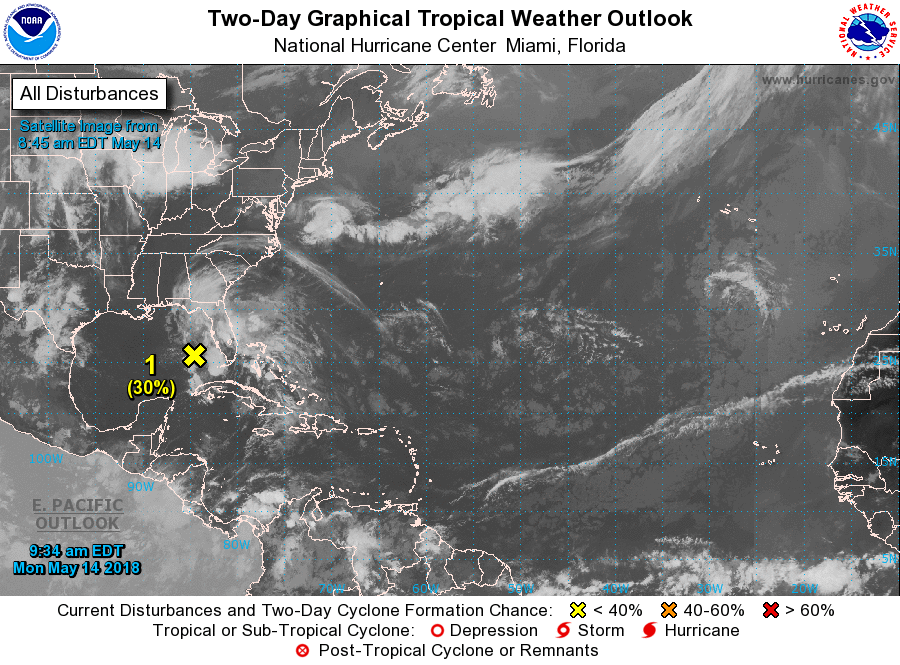
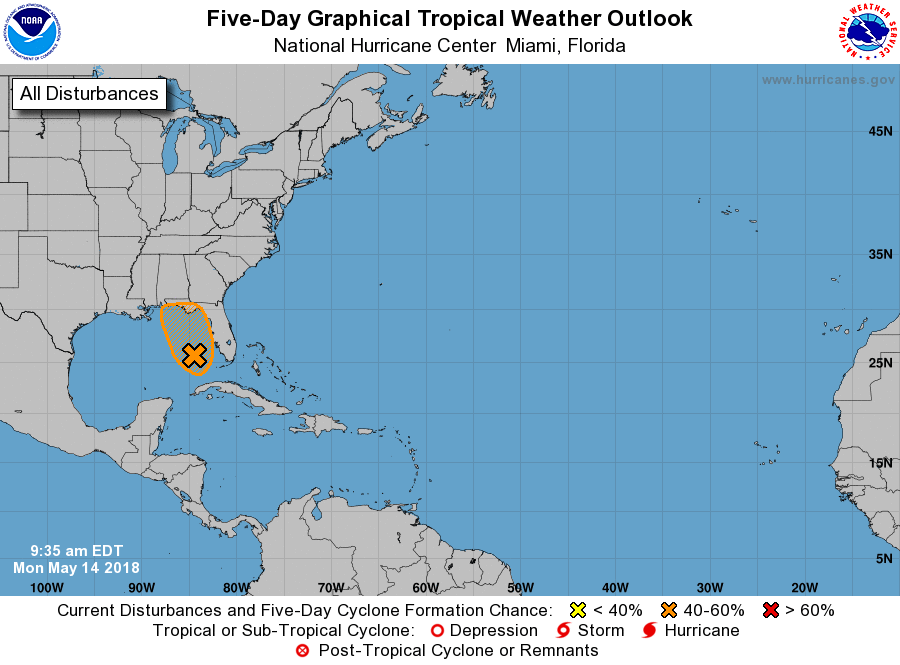
For the North Atlantic...Caribbean Sea and the Gulf of Mexico:

1. A large area of cloudiness, showers, and thunderstorms extending from the eastern Gulf of Mexico across much of the Florida Peninsula is associated with a broad surface low pressure area interacting with an upper-level low. This system could acquire some subtropical or tropical characteristics while it moves slowly northward across the eastern Gulf of Mexico during the next few days. Regardless of subtropical or tropical cyclone formation, this system will enhance rainfall across portions of Florida and the northeastern Gulf Coast during the next few days. For more information on this system, please see products issued by your local weather office. The next Special Tropical Weather Outlook on this system will be issued by 4 PM EDT today.
* Formation chance through 48 hours...low...30 percent.
* Formation chance through 5 days...medium...40 percent.

Forecaster Pasch